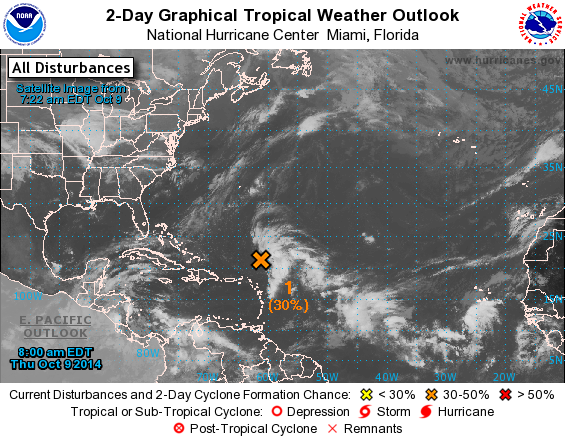
For the North Atlantic...Caribbean Sea and the Gulf of Mexico:

1. Disorganized showers and thunderstorms located several hundred miles northeast of the northern Leeward Islands are associated with a broad surface low pressure area and an upper-level low. Environmental conditions could become a little more conducive for gradual development of this system as a tropical or subtropical cyclone during the next few days while the surface low moves northwestward or north-northwestward at about 10 mph.
* Formation chance through 48 hours...medium...30 percent.
* Formation chance through 5 days...medium...40 percent.

Forecaster Berg